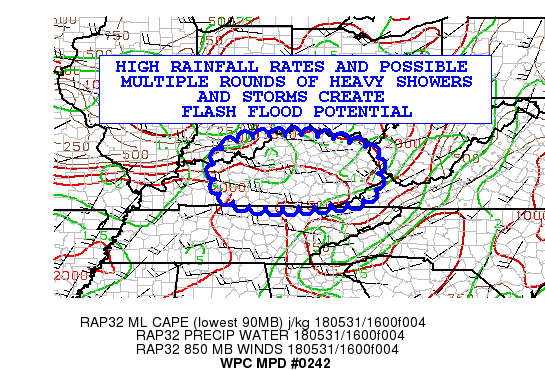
AREAS AFFECTED......CENTRAL TO EASTERN KY TO BORDERING SOUTHERN
WV/SOUTHWEST VA...

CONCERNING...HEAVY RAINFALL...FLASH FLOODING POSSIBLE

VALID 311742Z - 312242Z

SUMMARY...CLUSTERS OF HEAVY SHOWERS/STORMS ARE FORECAST TO MOVE
EAST ACROSS KENTUCKY THIS AFTERNOON.  MULTIPLE ROUNDS OF
SHOWERS/STORMS CREATE POTENTIAL FOR FLASH FLOODING. TOTALS OF 2-4
INCHES WILL BE POSSIBLE.

DISCUSSION...KPAH KLVX AND KJKL RADARS SHOW CLUSTERS OF SHOWERS
AND STORMS MOVING EAST ACROSS KENTUCKY.  DESPITE A PROGRESSIVE
LARGE CLUSTER MOVING EAST FROM WESTERN KY AND SOUTHERN
IL/IN...RAINFALL RATES OF 1-2 INCHES PER HOUR ARE OCCURRING.
ADDITIONALLY...AREAS OF SHOWERS/STORMS HAVE FORMED EAST OF THE
LARGER CLUSTER IN CENTRAL AND EASTERN KY...SETTING UP THE
POSSIBILITY OF MULTIPLE ROUNDS OF SHOWERS/STORMS.

SOUTH OF THE ONGOING ACTIVITY...A FAVORABLE AIRMASS HAS DEVELOPED
WITH GFS FORECAST 1.75 INCHES OF PRECIPITABLE WATER IN PLACE THIS
AFTERNOON ALONG WITH OBSERVED SURFACE LOW-MID 70 DEWPOINTS.  THE
LOW LEVEL INFLOW HAS NEAR 2500 J/KG OF MIXED LAYER CAPE...WITH
OUTFLOWS PROVIDING WELL DEFINED BOUNDARY LAYER MOISTURE
CONVERGENCE...SO ADDITIONAL SHOWERS/STORMS ARE EXPECTED.

BRIEF PERIODS OF TRAINING AND/OR MORE THAN ONE ROUND OF SHOWERS
HAVE CREATED CONDITIONS WHERE PORTIONS OF CENTRAL TO EASTERN KY
WILL GET 2-4 INCHES OF RAIN IN  THIS AFTERNOON...CONTINUING TO THE
ADJACENT BORDER AREAS OF OH AND WV/SOUTHWEST VA.
EASTERN KY HAS PATCHES OF FLASH FLOOD GUIDANCE OF 1.5 INCHES IN 6
HOURS...SO FLOODING MAY OCCUR WHERE MORE THAN 1.5 INCHES OF RAIN
OCCURS.

THE WRF ARW AND ARW 2 HAVE JOINED THE 15-16Z HIGH RES RAPID
REFRESH AND EXPERIMENTAL HIGH RES RAPID REFRESH IN FORECASTING
AREAS OF 1-3 INCHES OF RAIN WITH MAXIMA TO 4 INCHES IN A FEW
LOCATIONS.